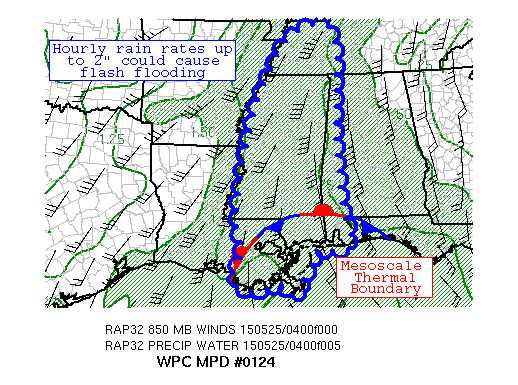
AREAS AFFECTED...MS & ADJACENT AREAS OF LA, AL, AND TN

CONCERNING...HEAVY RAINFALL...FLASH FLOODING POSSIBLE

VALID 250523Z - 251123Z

SUMMARY...THUNDERSTORMS WITH HOURLY RAIN RATES UP TO 2" COULD
CAUSE FLASH FLOODING ACROSS THE REGION.

DISCUSSION...SEVERAL HEAVY RAIN CORES DURING THE PAST COUPLE HOURS
HAVE LED TO 1.5-2" AN HOUR RAIN RATES ACROSS CENTRAL MS AND
WESTERN TN.  THUNDERSTORMS HAVE FORMED IN NORTH-SOUTH BANDS TO THE
NORTH OF A WEAK THERMAL BOUNDARY LOCATED IN SOUTHEAST LA, SOUTHERN
MS, AND SOUTHERN AL WITHIN AN AREA OF BROAD CONVERGENCE AT 850
HPA.  WHILE INSTABILITY ACROSS THE REGION HAD BEEN DECREASING,
RECENT SPC MESOANALYSES INDICATE AN UPTICK TO MUCAPES ACROSS THE
AREA, WHICH HAS BEEN MATCHED ON THE MOST RECENT RAP RUN.

MOST OF THE MESOSCALE GUIDANCE SHOWS 2-3" LOCAL MAXIMA IN THIS
REGION, NEAR THE THREE HOURLY FLASH FLOOD GUIDANCE VALUES.  THE
NOTABLE EXCEPTION IS THE 00Z CANADIAN REGIONAL MODEL, WHICH
INDICATES LOCAL AMOUNTS OF 5"+ ARE POSSIBLE INTO THE MORNING
HOURS.  RAINFALL EFFICIENCY IS BEING FOSTERED BY PRECIPITABLE
WATER VALUES OF 1.75-2", 850 HPA INFLOW OF 25-40 KTS WHICH
SLIGHTLY EXCEEDS THE MEAN 850-400 HPA WIND, AND MUCAPE VALUES IN
EXCESS OF 1000 J/KG ACROSS SOUTHERN MS WHICH ARE EXPECTED TO CREEP
NORTHWARD INTO CENTRAL MS WITH TIME.  SAB/NESDIS MENTIONED THAT AN
OUTFLOW BOUNDARY FROM FL CONVECTION EARLIER TODAY MIGHT CONTRIBUTE
TO ISSUES ACROSS SOUTHERN AL OVER THE NEXT SEVERAL HOURS.
POSSIBLE WORDING WAS USED OVER LIKELY AS COVERAGE OF THE HEAVY
RAINFALL WITHIN THIS REGION MIGHT BE LESS THAN USUALLY SEEN IN AN
MPD.  HOURLY RAIN RATES UP TO 2" COULD CAUSE FLASH FLOODING.